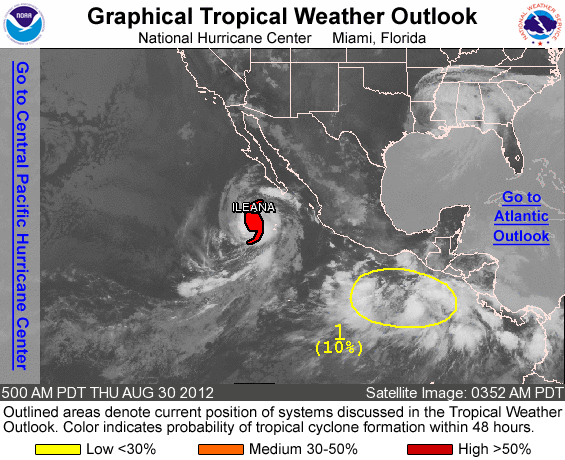
FOR THE EASTERN NORTH PACIFIC...EAST OF 140 DEGREES WEST LONGITUDE..

THE NATIONAL HURRICANE CENTER IS ISSUING ADVISORIES ON HURRICANE ILEANA...LOCATED ABOUT 320 MILES SOUTHWEST OF THE SOUTHERN TIP OF BAJA CALIFORNIA.

1. A LARGE AREA OF DISORGANIZED SHOWERS AND A FEW THUNDERSTORMS EXTEND FROM CENTRAL AMERICA WESTWARD FOR SEVERAL HUNDRED MILES. SOME GRADUAL DEVELOPMENT OF THIS DISTURBANCE IS POSSIBLE OVER THE NEXT COUPLE OF DAYS AS IT MOVES WESTWARD TO WEST-NORTHWESTWARD AT 5 TO 10 MPH. THIS SYSTEM HAS A LOW CHANCE...10 PERCENT...OF BECOMING A TROPICAL CYCLONE DURING THE NEXT 48 HOURS.

ELSEWHERE...TROPICAL CYCLONE FORMATION IS NOT EXPECTED DURING THE NEXT 48 HOURS.

FORECASTER BLAKE